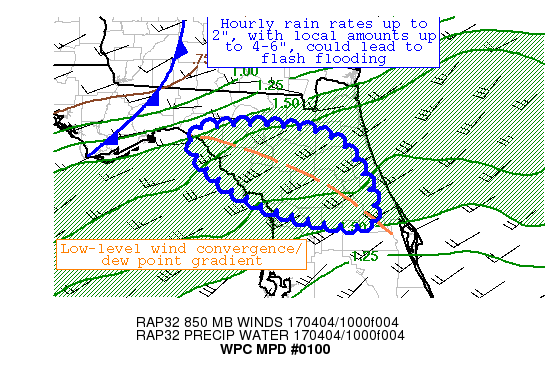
AREAS AFFECTED...NORTHERN FL PENINSULA

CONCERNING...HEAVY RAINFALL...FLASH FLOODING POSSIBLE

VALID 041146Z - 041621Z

SUMMARY...CONVECTION CONTINUES ACROSS NORTH FL AND THE NORTHERN FL
PENINSULA.  THROUGH 16Z, HOURLY RAIN RATES TO 2" WITH ADDITIONAL
LOCAL AMOUNTS OF 4-6" COULD LEAD TO FLASH FLOODING.

DISCUSSION...CONVECTION CONTINUES TO FIRE AHEAD OF A WEAKENING
FRONTAL BOUNDARY WITHIN A STRONGLY DIVERGENT AREA ALOFT.  LOWERING
INSTABILITY AROUND JACKSONVILLE HAS LED TO A SOUTHWARD SAG TO THE
COMPLEX TOWARDS THE EAST COAST.  PRECIPITABLE WATER VALUES OF 1.8"
EXIST PER RECENT GPS VALUES.  MUCAPES OF 1000-2000 J/KG AND 40 KTS
OF 0-6 KM OF BULK SHEAR INHABIT THE REGION PER SPC MESOANALYSES.
CONVERGENT 850 HPA INFLOW OF 25-30 KTS IS SEEN IN REGIONAL VAD
WIND PROFILES.  CLOUD TOP TEMPERATURES HAVE BEEN WAVERING, BUT
RECENT EXPERIMENTAL GOES-R IMAGERY SHOWS SOME RENEWED CLOUD TOP
COOLING AS OF LATE.

THE MESOSCALE GUIDANCE CONTINUES TO STRUGGLE WITH THIS ACTIVITY,
WITH THE WETTER 06Z CANADIAN REGIONAL AND 06Z NAM CONEST DOING THE
BEST SO FAR -- MOST OF THE GUIDANCE APPEARS TO BE TOO CONFINED TO
THE IMMEDIATE WEST COAST.  INSTABILITY CLOSER TO THE GULF COAST IS
NOT EXPECTED TO ERODE MUCH WHILE INSTABILITY CLOSER TO THE EAST
COAST SHOULD, WHICH COULD LEAD TO FURTHER SOUTHWARD PROPAGATION
AND EVENTUALLY A MORE WEST-NORTHWEST/EAST-SOUTHEAST ORIENTATION.
CONVECTION IS EXPECTED TO SHIFT DOWN TO A BOUNDARY APPARENT IN THE
SURFACE WIND FIELD EXTENDING FROM NEAR CEDAR KEY TOWARDS DAYTONA
BEACH, PARTICULARLY LATE IN THE PERIOD ONCE THE CONVECTION
ATTEMPTS TO BECOME MORE SURFACE-BASED.  WITH THE MAIN SHORTWAVE
LEADING TO THE OVERNIGHT UPTICK IN THE CONVECTION PASSING BY TO
THE NORTH-NORTHEAST, IT MAY TAKE UNTIL 16-17Z BEFORE DIVERGENCE
ALOFT RELAXES PER RAP MASS FIELDS.  UNTIL THEN, HOURLY RAIN RATES
UP TO 2" AND LOCAL AMOUNTS OF 4-6" COULD LEAD TO FLASH FLOODING.
UNCERTAINTY IN FUTURE EVOLUTION KEEPS THE ASSOCIATED CATEGORY
POSSIBLE.